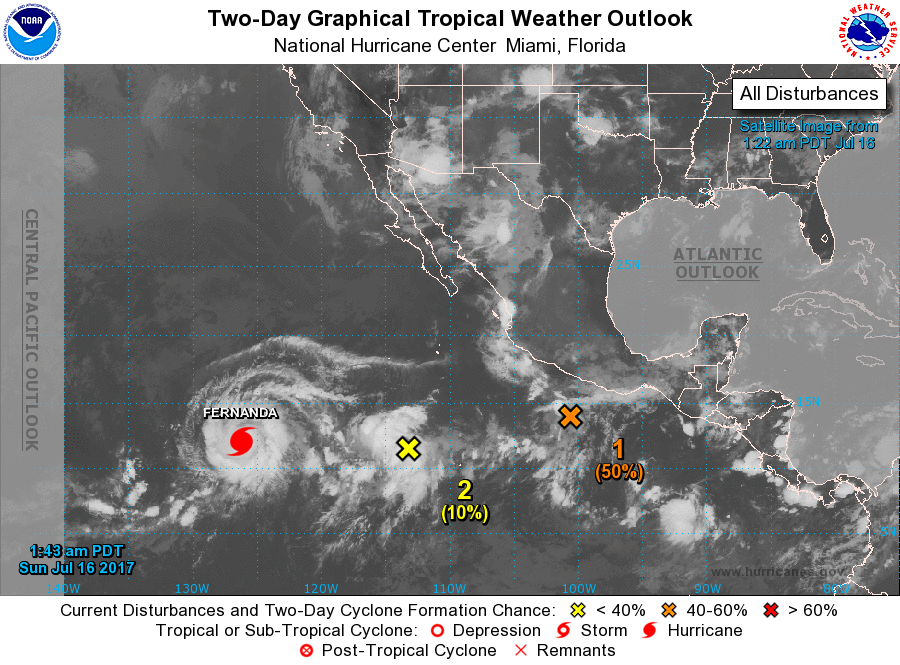
For the eastern North Pacific...east of 140 degrees west longitude:

The National Hurricane Center is issuing advisories on Hurricane Fernanda, located well to the southwest of the southern tip of the Baja California peninsula.

1. Shower activity associated with a broad low pressure system centered a couple of hundred miles south of Acapulco, Mexico, has changed little. Environmental conditions are forecast to be somewhat conducive for gradual development during the next few days, and a tropical depression could form by early next week while the system moves slowly toward the west-northwest at 5 to 10 mph.
* Formation chance through 48 hours...medium...50 percent.
* Formation chance through 5 days...high...70 percent.

2. Disorganized cloudiness and showers located several hundred miles southwest of Manzanillo, Mexico, are associated with a trough of low pressure. Development, if any, is expected to be slow to occur as the system moves slowly west-northwestward.
* Formation chance through 48 hours...low...10 percent.
* Formation chance through 5 days...low...20 percent.

Forecaster Stewart